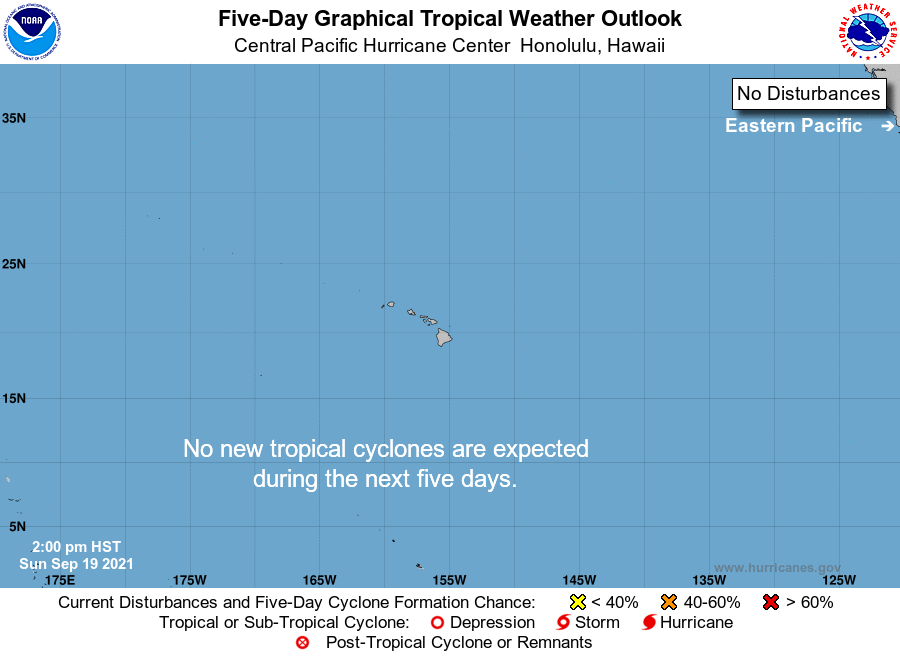
For the central North Pacific...between 140W and 180W:

No tropical cyclones are expected during the next 5 days.

Forecaster TS